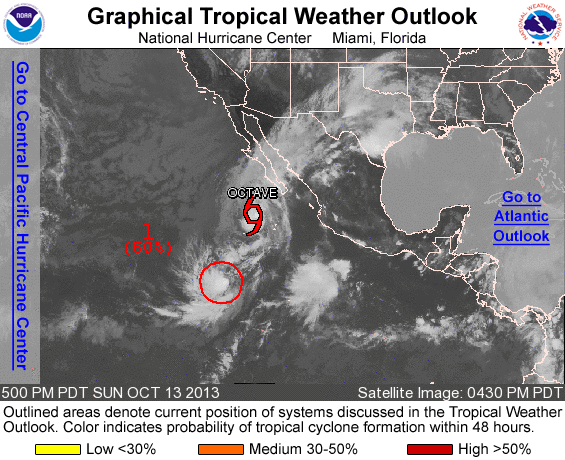
FOR THE EASTERN NORTH PACIFIC...EAST OF 140 DEGREES WEST LONGITUDE..

THE NATIONAL HURRICANE CENTER IS ISSUING ADVISORIES ON TROPICAL STORM OCTAVE...LOCATED A FEW HUNDRED MILES SOUTHWEST OF THE SOUTHERN TIP OF THE BAJA CALIFORNIA PENINSULA.

1. SATELLITE IMAGES INDICATE THAT SHOWER AND THUNDERSTORM ACTIVITY ASSOCIATED WITH THE NEARLY STATIONARY LOW PRESSURE SYSTEM LOCATED ABOUT 825 MILES SOUTH-SOUTHWEST OF THE SOUTHERN TIP OF THE BAJA CALIFORNIA PENINSULA CONTINUES TO SHOW SIGNS OF ORGANIZATION. ALTHOUGH UPPER-LEVEL WINDS ARE NOT FAVORABLE FOR SIGNIFICANT DEVELOPMENT...ANY FURTHER INCREASE IN ORGANIZATION WOULD LEAD TO THE FORMATION OF A TROPICAL DEPRESSION LATER TONIGHT OR ON MONDAY. THIS SYSTEM HAS A HIGH CHANCE...60 PERCENT...OF BECOMING A TROPICAL CYCLONE DURING THE NEXT 48 HOURS...AND A HIGH CHANCE...60 PERCENT...OF BECOMING A TROPICAL CYCLONE DURING THE NEXT FIVE DAYS WHILE IT MOVES SLOWLY NORTHWARD OR NORTHEASTWARD.

FIVE-DAY FORMATION PROBABILITIES ARE EXPERIMENTAL IN 2013. COMMENTS ON THE EXPERIMENTAL FORECASTS CAN BE PROVIDED AT...

HTTP://WWW.NWS.NOAA.GOV/SURVEY/NWS-SURVEY.PHP?CODE=ETWO

FORECASTER KIMBERLAIN